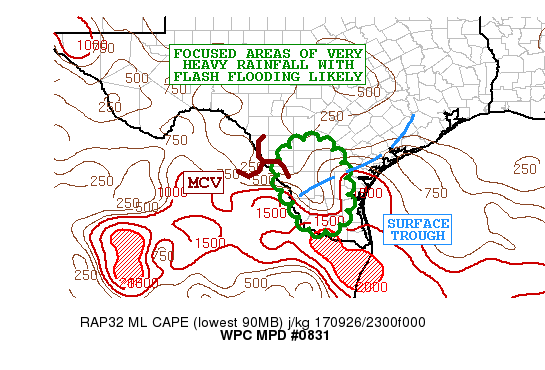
AREAS AFFECTED...SOUTH-CENTRAL/FAR SOUTH TEXAS

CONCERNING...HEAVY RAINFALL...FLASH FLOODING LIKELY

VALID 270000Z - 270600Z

SUMMARY...THE HEAVY RAINFALL THREAT WILL CONTINUE WITH SOME
ENHANCED CONCERNS FOR FLASH FLOODING THROUGH THE LATE EVENING
HOURS.

DISCUSSION...A WELL-DEFINED MCV REMAINS IN PLACE EARLY THIS
EVENING NEAR THE RIO GRANDE RIVER ABOUT MIDWAY BETWEEN DEL RIO AND
LAREDO. THIS ENERGY CONTINUES TO FOCUS POCKETS OF STRONG
CONVECTION ACROSS PARTS OF SOUTH-CENTRAL AND FAR SOUTH
TEXAS...WITH THE STRONGEST ACTIVITY CURRENTLY SITUATED OVER LA
SALLE AND MCMULLEN COUNTIES. A COUPLE OF OVERSHOOTING TOPS ARE
NOTED IN THIS AREA RIGHT NOW WITH CLOUD TOPS AS COLD AS -75C.

THE SMALLER SCALE DYNAMICS/FORCING WITH THE MCV APPEAR TO BE
INTERACTING WITH A FAIRLY WELL-DEFINED SURFACE TROUGH THAT EXTENDS
FROM JUST SOUTH OF LAREDO NORTHEAST TO NEAR VICTORIA.
MEANWHILE...A HIGHLY TROPICAL MOISTURE ENVIRONMENT IS IN PLACE
WITH PWATS OF 2.2 TO 2.4 INCHES NOTED. MOISTURE IS PARTICULARLY
CONCENTRATED ALOFT AS NOTED BY CIRA-LPW DATA AND THIS CONTINUES TO
SUPPORT A HIGHLY EFFICIENT RAINFALL ENVIRONMENT FOR EXTREMELY
HEAVY RAINFALL RATES. INSTABILITY ACROSS THE REGION IS QUITE
MODEST OVERALL ACROSS SOUTH-CENTRAL TX...BUT THEN BECOMES MORE
NOTABLE ACROSS FAR SOUTH TX ALONG AND SOUTHEAST OF THE
AFOREMENTIONED SURFACE TROUGH. MLCAPE VALUES ACROSS THIS AREA IS
LOCALLY OVER 1500 J/KG AND THIS ENERGY IS POOLING NORTHWEST AROUND
THE EASTERN FLANK OF THE MCV.

NUMEROUS RUNS OF THE HRRR AND HRRRX GUIDANCE THIS AFTERNOON AND
EVENING HAVE BEEN INSISTING ON A HIGHLY FOCUSED/CONCENTRATED AREA
OF CONVECTION PERSISTING AROUND THE EAST SIDE OF THE MCV WELL INTO
THE OVERNIGHT HOURS AND RATHER CLOSE TO WHERE SOME OF THE
STRONGEST CELLS ARE CURRENTLY NOTED. THE THINKING IS THAT THE
LEVEL OF INSTABILITY NEAR THE SURFACE TROUGH ALONG WITH ALREADY
FAVORABLE LOW AND MID LEVEL FORCING SHOULD HELP SUSTAIN THE
CONVECTIVE THREAT AT LEAST THROUGH LATE EVENING IF NOT LONGER.

RAINFALL AMOUNTS OF OVER 3 INCHES/HR ARE POSSIBLE GIVEN THE
CURRENT LEVEL OF COLD-TOPPED CONVECTION AND SUCH A MOIST
COLUMN....WITH ADDITIONAL STORM TOTALS THROUGH 06Z OF AS MUCH AS 4
TO 8 INCHES BASED ON A CONSENSUS OF THE MOST RECENT HRRR/HRRRX
GUIDANCE. GIVEN RECENT HEAVY RAINFALL OVER THE LAST COUPLE OF
DAYS...THESE ADDITIONAL AMOUNTS WILL LIKELY CAUSE FLASH FLOODING
WHICH MAY BE SIGNIFICANT. WILL CONTINUE TO MONITOR.